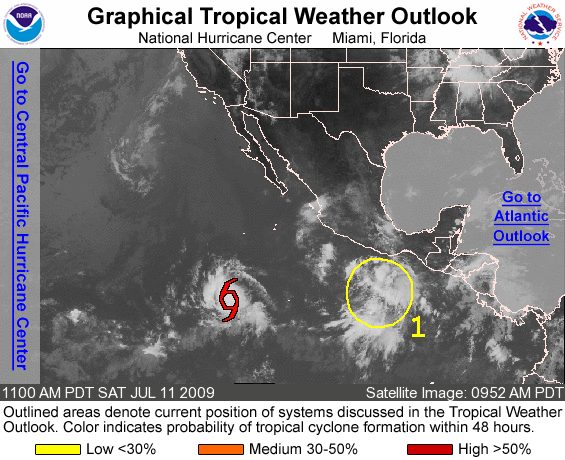
FOR THE EASTERN NORTH PACIFIC...EAST OF 140 DEGREES WEST LONGITUDE..

THE NATIONAL HURRICANE CENTER IS ISSUING ADVISORIES ON TROPICAL STORM CARLOS...CENTERED ABOUT 970 MILES SOUTH-SOUTHWEST OF THE SOUTHERN TIP OF BAJA CALIFORNIA.

1. A LARGE BUT DISORGANIZED AREA OF SHOWERS AND THUNDERSTORM IS CENTERED A FEW HUNDRED MILES SOUTH-SOUTHWEST OF THE GULF OF TEHUANTEPEC. CONDITIONS APPEAR TO BE FAVORABLE FOR SOME SLOW DEVELOPMENT AS THE SYSTEM MOVES WESTWARD NEAR 10 MPH OVER THE NEXT COUPLE OF DAYS. THERE IS A LOW CHANCE...LESS THAN 30 PERCENT...OF THIS SYSTEM BECOMING A TROPICAL CYCLONE DURING THE NEXT 48 HOURS.

ELSEWHERE...TROPICAL CYCLONE FORMATION IS NOT EXPECTED DURING THE NEXT 48 HOURS.

FORECASTER AVILA